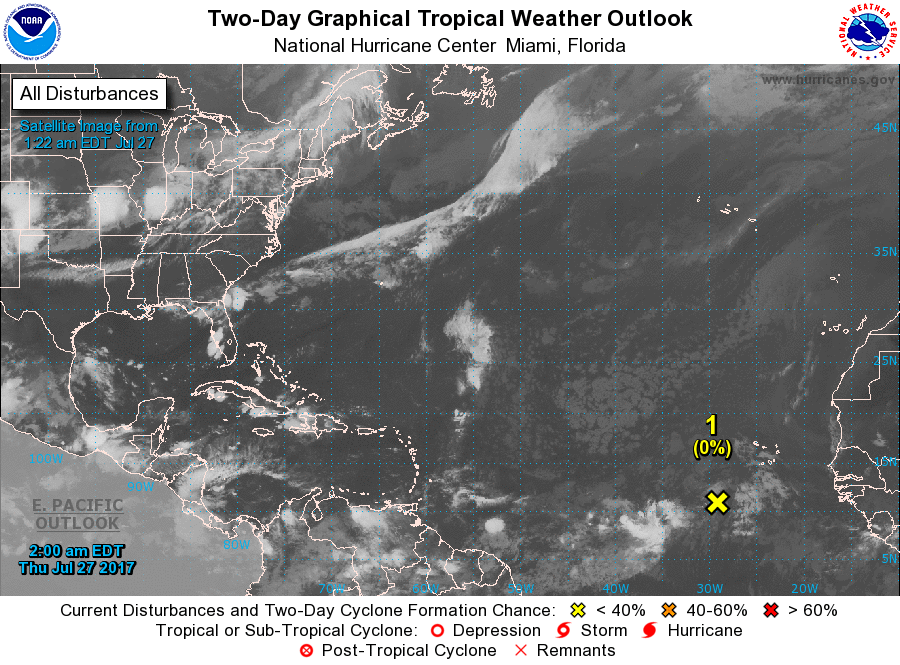
For the North Atlantic...Caribbean Sea and the Gulf of Mexico:

1. A tropical wave located several hundred miles west-southwest of the Cabo Verde Islands is producing an area of disorganized showers and scattered thunderstorms. Some slow development is possible over the next several days while the system moves westward or west- northwestward at 5 to 10 mph.
* Formation chance through 48 hours...low...near 0 percent.
* Formation chance through 5 days...low...30 percent.

Forecaster Beven